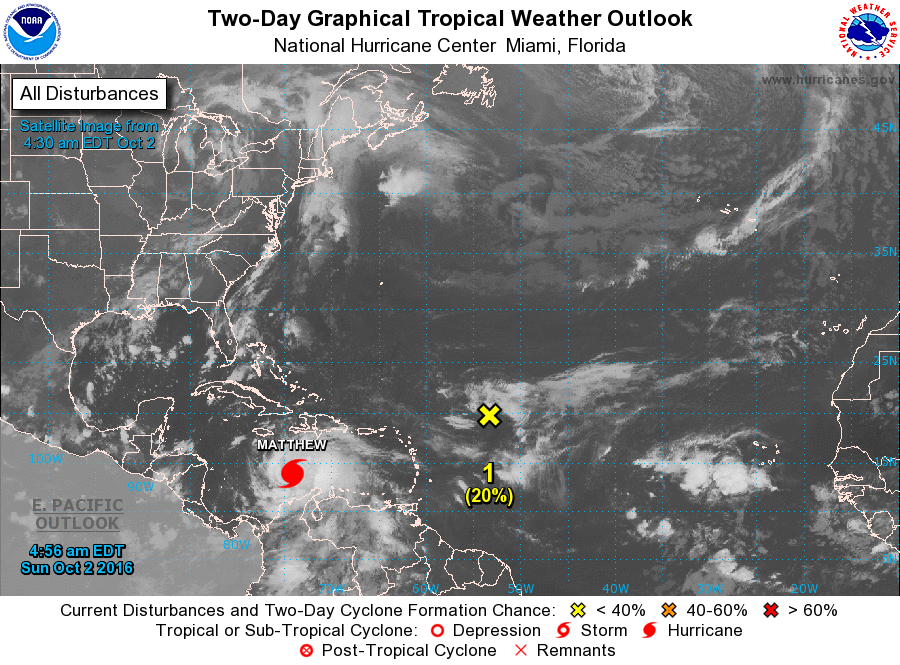
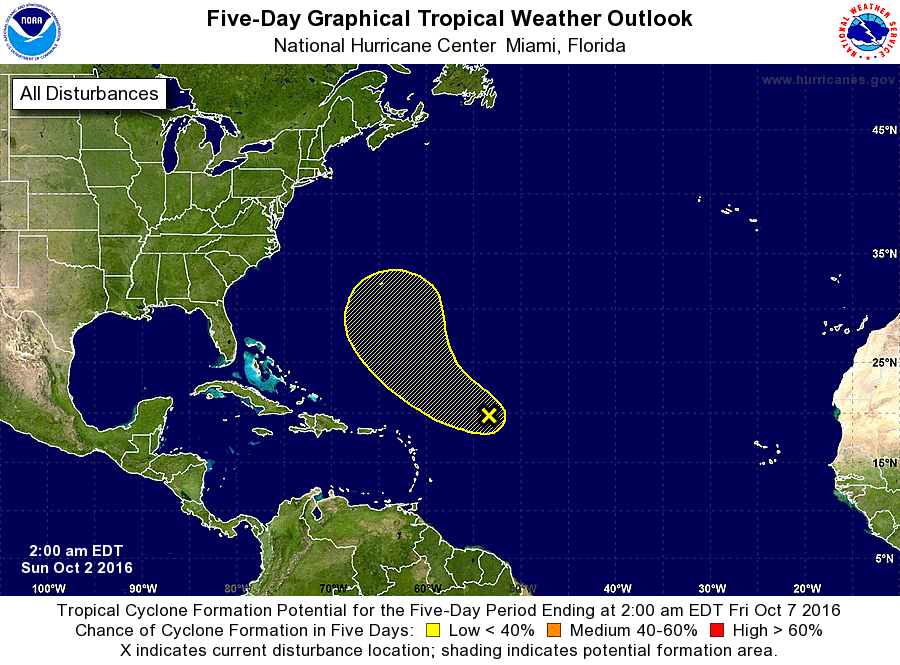
For the North Atlantic...Caribbean Sea and the Gulf of Mexico:

The National Hurricane Center is issuing advisories on Hurricane Matthew, located over the central Caribbean Sea.

1. Showers and thunderstorms have become a little better organized near a broad area of low pressure located about 600 miles east-northeast of the Leeward Islands. The low has moved into an area where upper-level winds could be a little more conducive for development during the next day or two, but these winds are expected to become unfavorable again by the middle of the week. Therefore, significant development of the low is still expected to be slow to occur while it moves west-northwestward or northwestward at 15 mph.
* Formation chance through 48 hours...low...20 percent
* Formation chance through 5 days...low...30 percent

Forecaster Berg